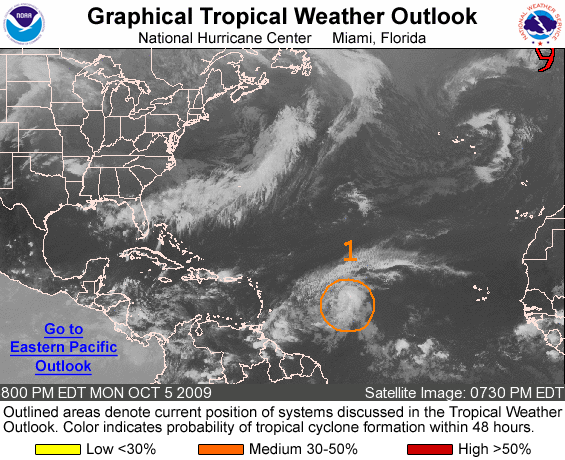
FOR THE NORTH ATLANTIC...CARIBBEAN SEA AND THE GULF OF MEXICO...

THE NATIONAL HURRICANE CENTER IS ISSUING ADVISORIES ON TROPICAL STORM GRACE...LOCATED SEVERAL HUNDRED MILES SOUTHWEST OF THE SOUTHWESTERN COAST OF IRELAND.

1. A BROAD AREA OF LOW PRESSURE LOCATED ABOUT 875 MILES EAST OF THE LESSER ANTILLES IS MOVING WEST-NORTHWESTWARD AT ABOUT 15 MPH. THE ASSOCIATED SHOWER AND THUNDERSTORM ACTIVITY HAS BECOME A LITTLE BETTER ORGANIZED THIS EVENING AND THIS SYSTEM HAS THE POTENTIAL TO BECOME A TROPICAL DEPRESSION DURING THE NEXT DAY OR SO BEFORE UPPER-LEVEL WINDS BECOME LESS FAVORABLE FOR DEVELOPMENT. THERE IS A MEDIUM CHANCE...30 TO 50 PERCENT...OF THIS SYSTEM BECOMING A TROPICAL CYCLONE DURING THE NEXT 48 HOURS.

ELSEWHERE...TROPICAL CYCLONE FORMATION IS NOT EXPECTED DURING THE NEXT 48 HOURS.

PUBLIC ADVISORIES ON GRACE ARE ISSUED UNDER WMO HEADER WTNT34 KNHC AND UNDER AWIPS HEADER MIATCPAT4. FORECAST/ADVISORIES ON GRACE ARE ISSUED UNDER WMO HEADER WTNT24 KNHC AND UNDER AWIPS HEADER MIATCMAT4.

FORECASTER BROWN/ROBERTS